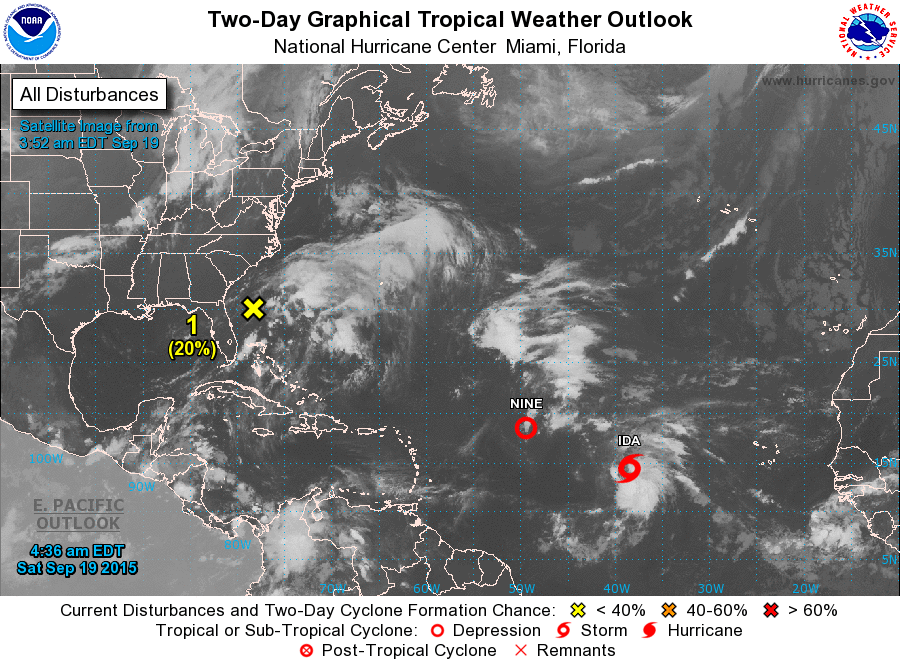
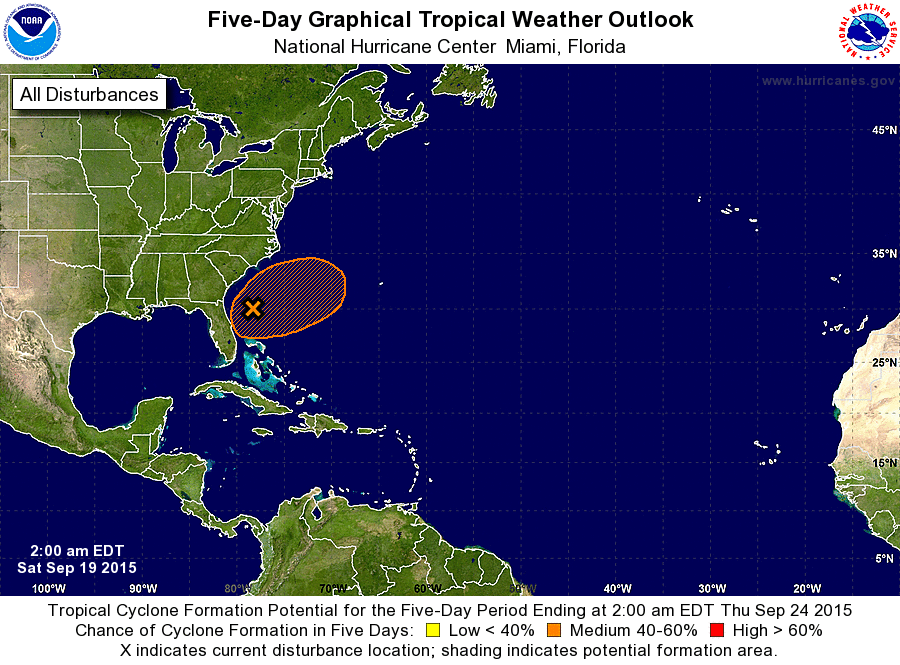
For the North Atlantic...Caribbean Sea and the Gulf of Mexico:

The National Hurricane Center is issuing advisories on Tropical Depression Nine, located a little more than 900 miles east-northeast of the Lesser Antilles, and on recently upgraded Tropical Storm Ida, located about a thousand miles west of the Cape Verde Islands.

1. An area of low pressure located about 200 miles east of the northeast Florida coast is producing disorganized cloudiness and showers mainly to the east of the center. Environmental conditions are expected to be somewhat conducive for this low to acquire subtropical or tropical characteristics during the next few days while it moves slowly northeastward off the southeast coast of the United States. An Air Force Reserve Hurricane Hunter aircraft is scheduled to investigate this system later today, if necessary. Regardless of development, locally heavy rains could occur over portions of the Florida Peninsula and coastal areas of Georgia and South Carolina. For more information on this system, see High Seas Forecasts and products issued by your local National Weather Service office.
* Formation chance through 48 hours...low...20 percent
* Formation chance through 5 days...medium...40 percent

Public Advisories on Tropical Storm Ida are issued under WMO header WTNT35 KNHC and under AWIPS header MIATCPAT5. Forecast/Advisories on Tropical Storm Ida are issued under WMO header WTNT25 KNHC and under AWIPS header MIATCMAT5.

High Seas Forecasts issued by the National Weather Service are available under AWIPS header NFDHSFAT1, WMO header FZNT01 KWBC, and on the Web at http://www.opc.ncep.noaa.gov/shtml/NFDHSFAT1.shtml.

Forecaster Beven